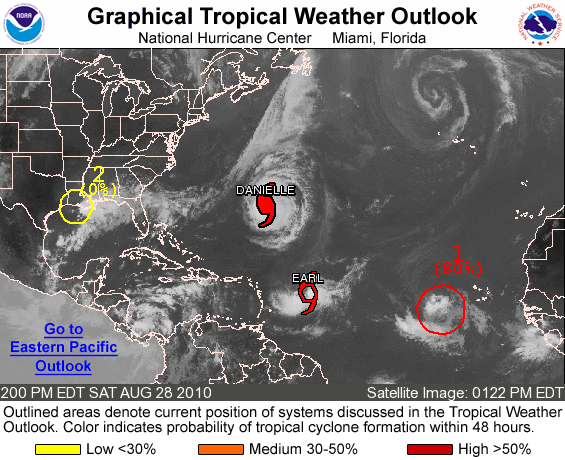
FOR THE NORTH ATLANTIC...CARIBBEAN SEA AND THE GULF OF MEXICO...

THE NATIONAL HURRICANE CENTER IS ISSUING ADVISORIES ON HURRICANE DANIELLE...LOCATED ABOUT 325 MILES EAST-SOUTHEAST OF BERMUDA...AND ON TROPICAL STORM EARL...LOCATED ABOUT 660 MILES EAST OF THE NORTHERN LEEWARD ISLANDS.

1. A BROAD LOW PRESSURE SYSTEM...ASSOCIATED WITH A VIGOROUS TROPICAL WAVE...IS LOCATED ABOUT 350 MILES WEST-SOUTHWEST OF THE SOUTHERNMOST CAPE VERDE ISLANDS. THIS SYSTEM CONTINUES TO SHOW SIGNS OF ORGANIZATION...AND ENVIRONMENTAL CONDITIONS REMAIN FAVORABLE FOR A TROPICAL DEPRESSION TO FORM LATER TONIGHT OR SUNDAY. THERE IS A HIGH CHANCE...80 PERCENT...OF THIS SYSTEM BECOMING A TROPICAL CYCLONE DURING THE NEXT 48 HOURS AS IT MOVES WESTWARD TO WEST- NORTHWESTWARD AT 15 TO 20 MPH.

2. SHOWERS AND THUNDERSTORMS ASSOCIATED WITH A WEAK NON-TROPICAL LOW PRESSURE AREA OVER THE NORTHERN GULF OF MEXICO REMAIN DISORGANIZED. THE LOW IS DRIFTING NORTHWARD AND IS EXPECTED TO MOVE INLAND OVER LOUISIANA LATER TONIGHT. ADDITIONAL DEVELOPMENT IS UNLIKELY...AND THERE IS A LOW CHANCE...NEAR 0 PERCENT...OF THIS SYSTEM BECOMING A SUBTROPICAL OR A TROPICAL CYCLONE DURING THE NEXT 48 HOURS.

ELSEWHERE...TROPICAL CYCLONE FORMATION IS NOT EXPECTED DURING THE NEXT 48 HOURS.

FORECASTER KIMBERLAIN